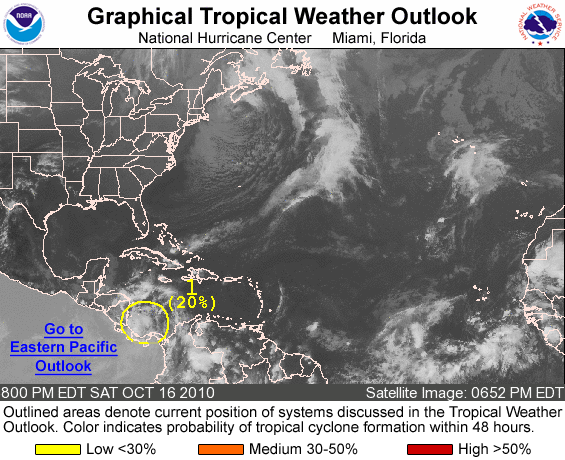
FOR THE NORTH ATLANTIC...CARIBBEAN SEA AND THE GULF OF MEXICO...

1. A BROAD AREA OF LOW PRESSURE LOCATED JUST NORTH OF WESTERN PANAMA IS PRODUCING EXTENSIVE CLOUDINESS AND SCATTERED THUNDERSTORMS OVER MUCH OF THE SOUTHWESTERN CARIBBEAN SEA. CONDITIONS APPEAR FAVORABLE FOR SOME GRADUAL DEVELOPMENT OF THIS DISTURBANCE DURING THE NEXT FEW DAYS AS IT DRIFTS WESTWARD OR NORTHWESTWARD. THERE IS A LOW CHANCE...20 PERCENT...OF THIS SYSTEM BECOMING A TROPICAL CYCLONE DURING THE NEXT 48 HOURS.

ELSEWHERE...TROPICAL CYCLONE FORMATION IS NOT EXPECTED DURING THE NEXT 48 HOURS.

FORECASTER STEWART